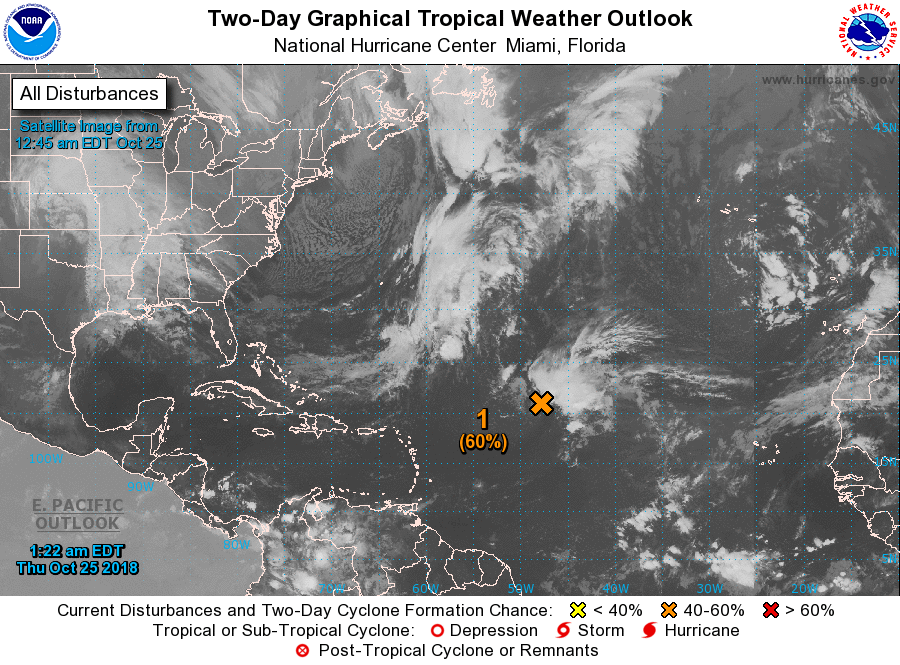
For the North Atlantic...Caribbean Sea and the Gulf of Mexico:

1. Showers and thunderstorms are gradually becoming better organized in association with a broad area of low pressure located over the central tropical Atlantic about 950 miles east-northeast of the northern Leeward Islands. This low is expected to move northward over the next couple of days into an area where upper-level winds are forecast to be conducive for further development, and a tropical or subtropical storm is likely to form on Friday or Saturday. After that time, the system is forecast to turn westward well to the north or northeast of the Lesser Antilles through early next week.
* Formation chance through 48 hours...medium...60 percent.
* Formation chance through 5 days...high...80 percent.

Additional information on this system can be found in High Seas Forecasts issued by the National Weather Service, under AWIPS header NFDHSFAT1, WMO header FZNT01 KWBC, and available on the Web at https://ocean.weather.gov/shtml/NFDHSFAT1.shtml

Forecaster Blake